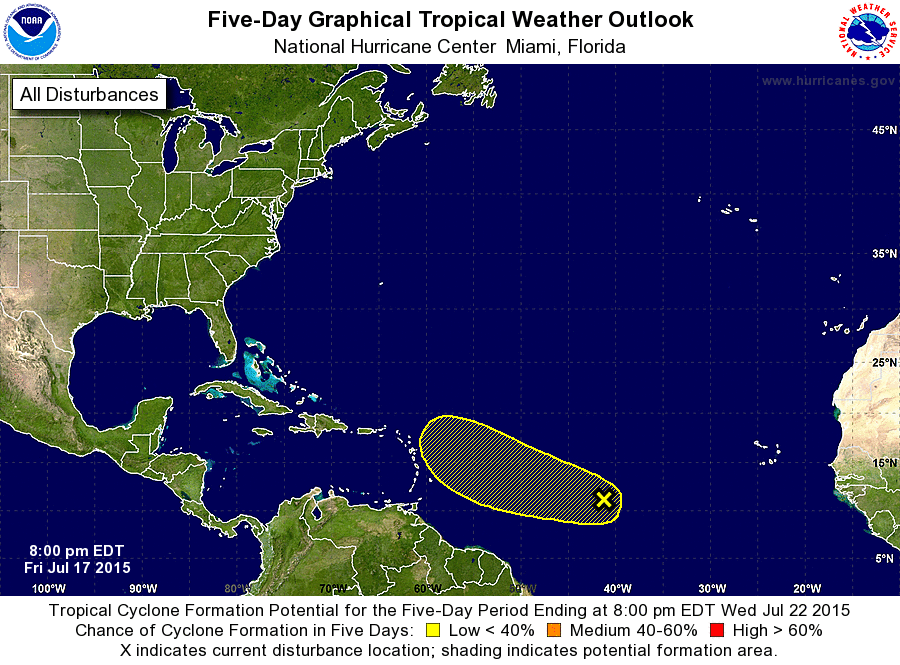
For the North Atlantic...Caribbean Sea and the Gulf of Mexico:

1. A westward-moving tropical wave located more than 1100 miles west-southwest of the Cape Verde Islands continues to produce disorganized cloudiness and showers. Environmental conditions could be marginally conducive for some slow development of this disturbance through the weekend before becoming much less conducive by early next week.
* Formation chance through 48 hours...low...10 percent
* Formation chance through 5 days...low...10 percent

Forecaster Stewart